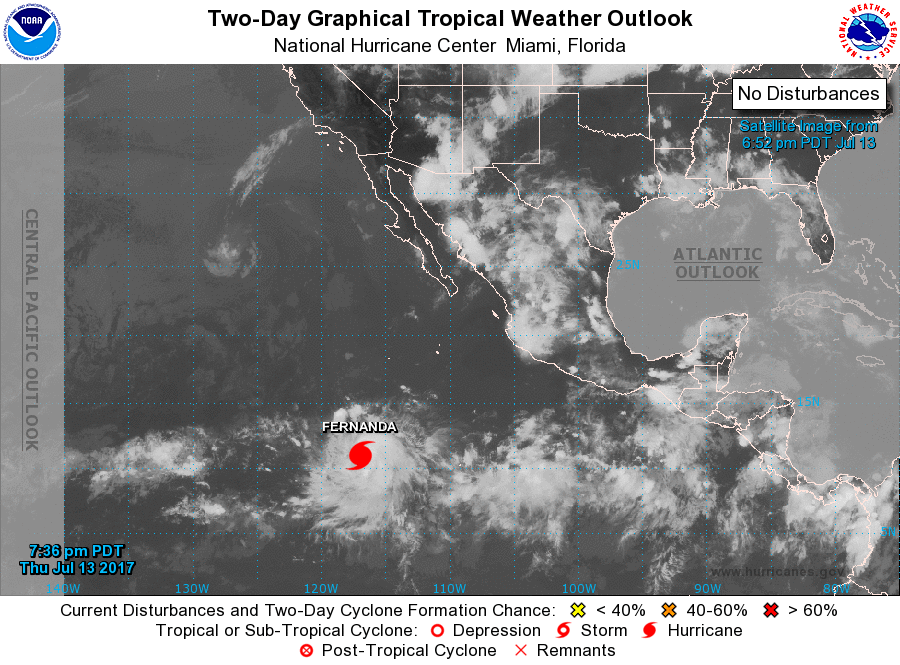
For the eastern North Pacific...east of 140 degrees west longitude:

The National Hurricane Center is issuing advisories on Hurricane Fernanda, located several hundred miles south-southwest of the southern tip of the Baja California peninsula.

1. A broad area of low pressure is expected to form a few hundred miles south of Mexico during the weekend. Gradual development of this system is anticipated, and a tropical depression could form southwest of Mexico early next week while the system moves slowly toward the west-northwest.
* Formation chance through 48 hours...low...near 0 percent.
* Formation chance through 5 days...medium...50 percent.

Forecaster Blake